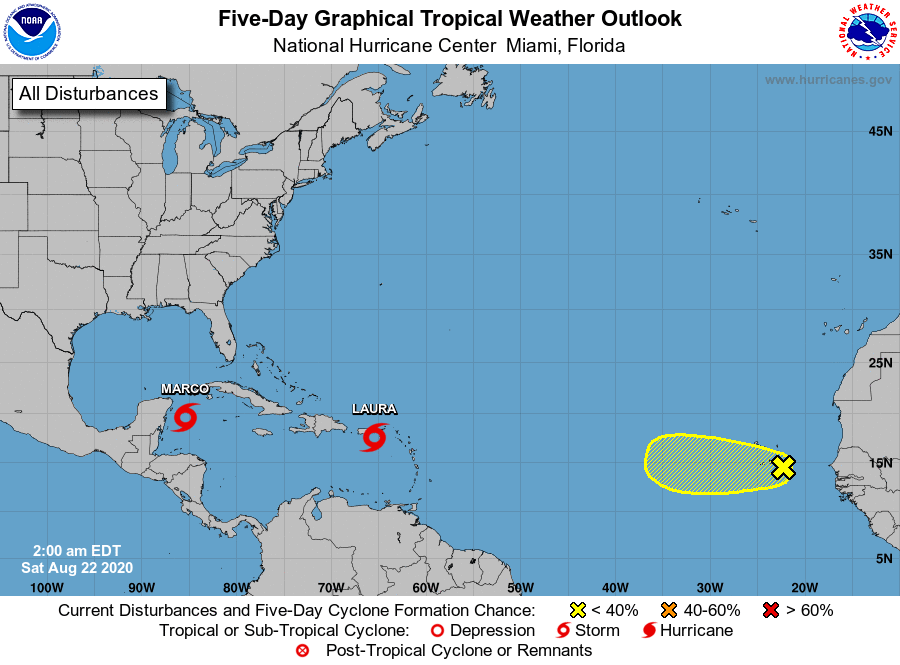
For the North Atlantic...Caribbean Sea and the Gulf of Mexico:

The National Hurricane Center is issuing advisories on Tropical Storm Laura, located over the northeastern Caribbean Sea, and on recently upgraded Tropical Storm Marco, located over the northwestern Caribbean Sea.

1. Disorganized showers and thunderstorms located between the west coast of Africa and the Cabo Verde Islands are associated with a broad area of low pressure and a tropical wave. This disturbance is expected to move westward across the Cabo Verde Islands on Saturday and it will likely produce gusty winds and locally heavy rainfall there. Some slow development of this wave could occur during the next couple of days while it moves across the eastern tropical Atlantic before environmental conditions become less favorable for development.
* Formation chance through 48 hours...low...20 percent.
* Formation chance through 5 days...low...20 percent.

Forecaster Beven